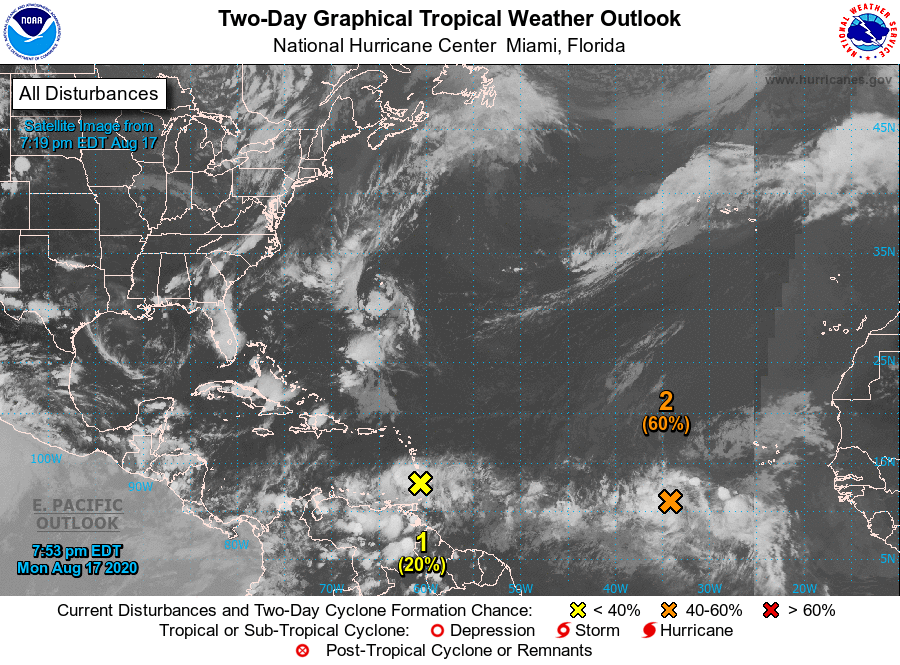
For the North Atlantic...Caribbean Sea and the Gulf of Mexico:

1. A tropical wave near the Windward Islands continues to produce a large area of disorganized showers and thunderstorms. This disturbance is moving westward at about 20 mph, and is expected to continue to move quickly westward over the eastern and central Caribbean Sea during the next couple of days, which is likely to limit significant development. After that time, however, the system is forecast to move more slowly westward across the western Caribbean, where upper-level winds could become more conducive for the development of a tropical depression during the latter part of this week. Regardless of development, locally heavy rainfall and gusty winds are expected over portions of the Windward and southern Leeward Islands through Tuesday morning.
* Formation chance through 48 hours...low...20 percent.
* Formation chance through 5 days...medium...60 percent.

2. Satellite images indicate that a broad area of low pressure located about 700 miles west-southwest of the Cabo Verde Islands has become better organized since yesterday, with increasing banding features near the center. Environmental conditions are conducive for further development, and a tropical depression is likely to form within a couple days while the system moves westward to west-northwestward at 15 to 20 mph across the central and western portions of the tropical Atlantic.
* Formation chance through 48 hours...medium...60 percent.
* Formation chance through 5 days...high...90 percent.

Forecaster Blake